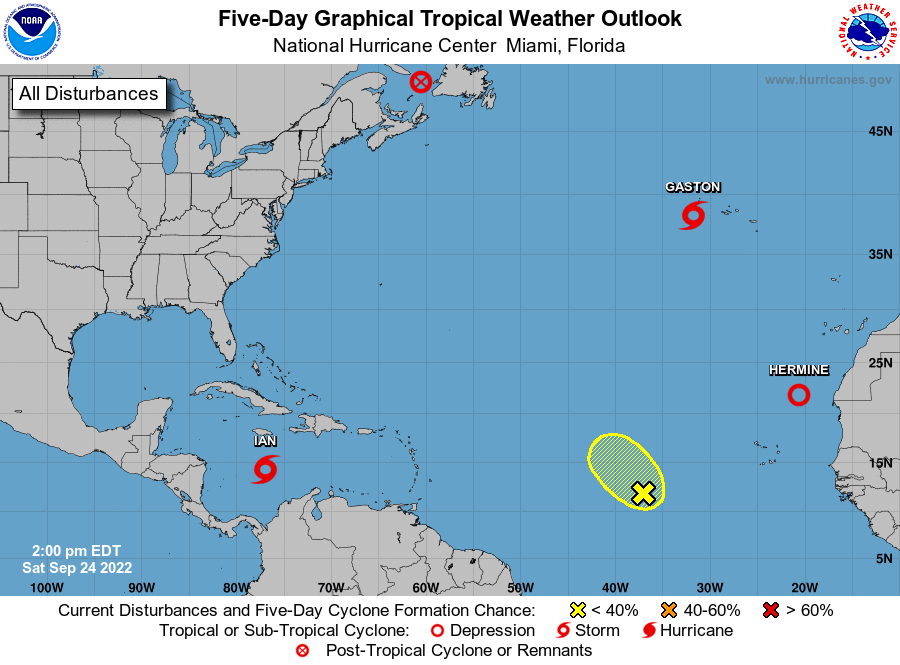
For the North Atlantic...Caribbean Sea and the Gulf of Mexico:

Active Systems: The National Hurricane Center is issuing advisories on Post-Tropical Cyclone Fiona, currently in the Gulf of St. Lawrence, on Tropical Storm Gaston, located near the western Azores, on Tropical Storm Ian, located over the central Caribbean Sea, and on Tropical Storm Hermine, located over the far eastern Atlantic.

1. Central Tropical Atlantic: Showers and thunderstorms remain disorganized in association with a broad area of low pressure located several hundred miles west-southwest of the Cabo Verde Islands. Despite unfavorable upper-level winds, some slow development of this system is possible over the next several days while it drifts northwestward or northward over the central tropical Atlantic.
* Formation chance through 48 hours...low...10 percent.
* Formation chance through 5 days...low...30 percent.

Forecaster Bucci